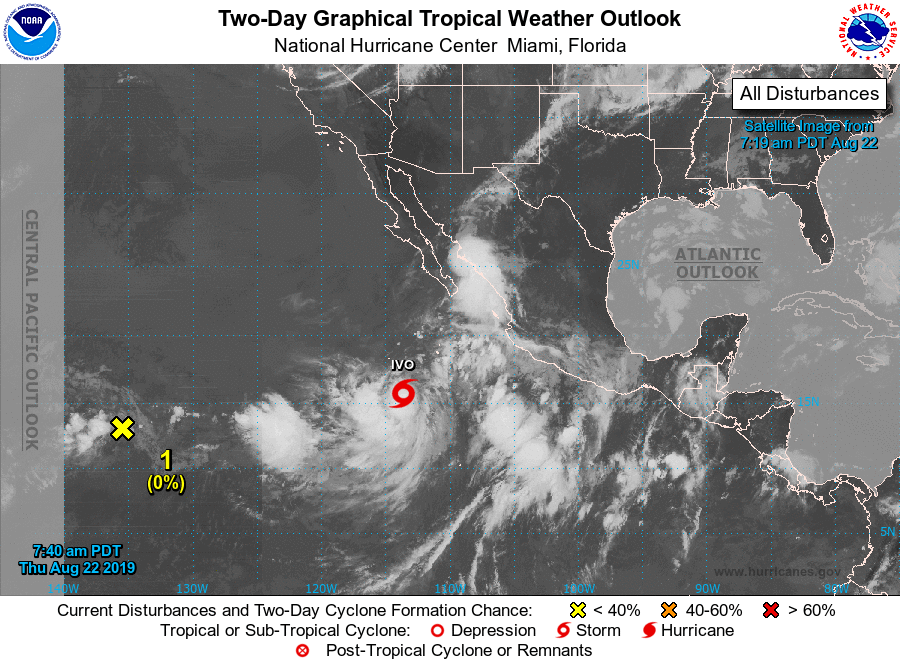
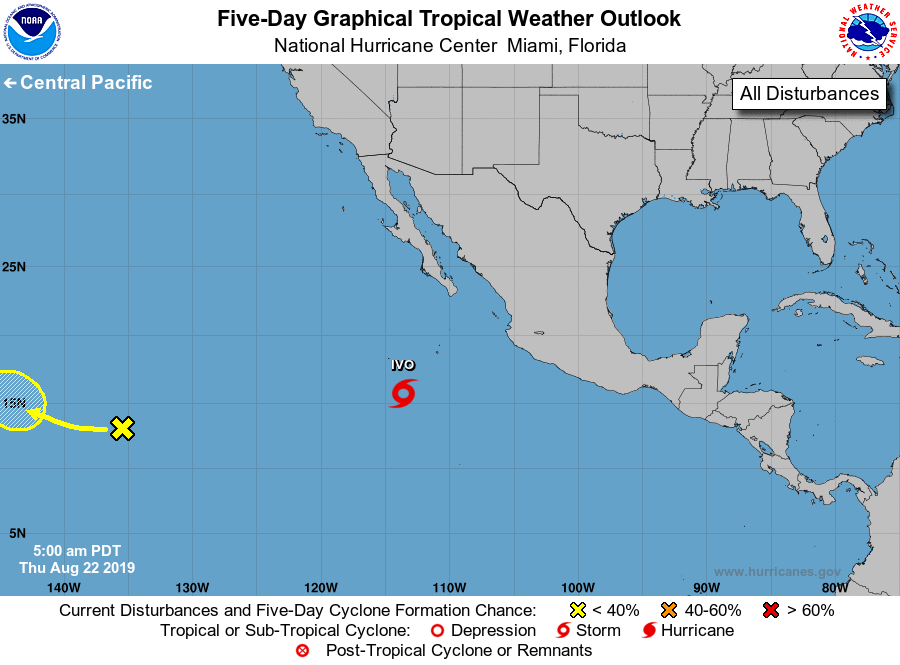
For the eastern North Pacific...east of 140 degrees west longitude:

The National Hurricane Center is issuing advisories on Tropical Storm Ivo, located several hundred miles south-southwest of the southern tip of the Baja California peninsula.

1. Disorganized cloudiness and showers over the far southwestern eastern Pacific about 1300 miles east-southeast of the Big Island of Hawaii are associated with a surface trough. Environmental conditions could become marginally conducive for development in a few days when the system is in the central Pacific basin.
* Formation chance through 48 hours...low...near 0 percent.
* Formation chance through 5 days...low...20 percent.

Public Advisories on Ivo are issued under WMO header WTPZ35 KNHC and under AWIPS header MIATCPEP5. Forecast/Advisories on Ivo are issued under WMO header WTPZ25 KNHC and under AWIPS header MIATCMEP5.

Forecaster Blake